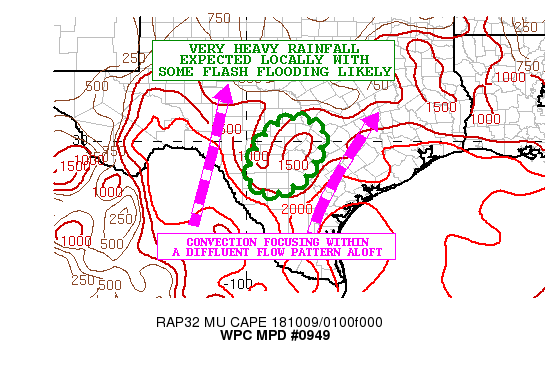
Areas affected...South-Central TX

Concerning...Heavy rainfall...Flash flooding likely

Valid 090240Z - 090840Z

Summary...Very heavy rainfall is expected on a rather small scale
tonight over portions of south-central TX with very slow-moving
showers and thunderstorms. Some flash flooding will be likely.

Discussion...The radar imagery is showing a small cluster of very
slow-moving showers and thunderstorms across portions of
south-central TX, with an emphasis on Frio county. Cloud tops over
the last 45 minutes have tended to cool a bit and the convection
is focusing within a moderately unstable airmass with MUCAPE
values of 1500 to 2000 j/kg. Meanwhile, persistent low-level
southeast flow continues to maintain plenty of moisture in off the
Gulf of Mexico, and the PWATS across the region are near or
slightly above 2 inches.

The upper-level flow across south-central TX is rather diffluent
as a result of a deep layer trough over the Four Corners region
which is edging out into the southern High Plains. This is
providing at least some modest deep layer ascent over the region
that is helping to sustain the convective threat given otherwise
favorable thermodynamics.

The last couple runs of the HRRR have been showing some very heavy
rainfall potential, with the idea of seeing a rather small scale
area of very slow-moving convection. Given the deep layer moisture
profiles, it certainly appears quite plausible to see enhanced
rainfall totals as the rainfall rates will be very high with
hourly amounts of as much as 2 to 3 inches.

Expect storm totals to locally be as much as 4 to 6 inches given
the high rain rates and slow movement. This will likely result in
some flash flooding. Will continue to closely monitor through the
night.